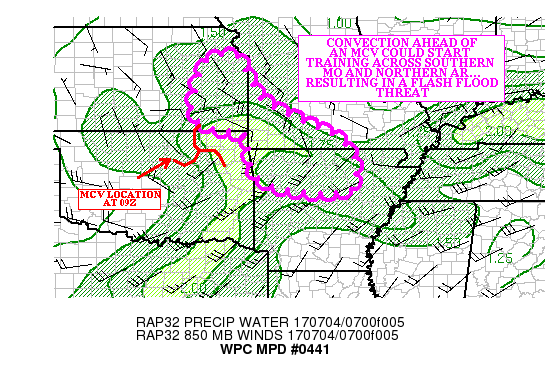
AREAS AFFECTED...FAR EASTERN KS...SOUTHWEST MO...NORTHERN AR

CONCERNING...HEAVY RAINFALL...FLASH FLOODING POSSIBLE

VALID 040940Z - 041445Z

SUMMARY...CONVECTION AHEAD OF AN MCV OVER NORTHEAST OK COULD BEGIN
TRAINING ACROSS PORTIONS OF SOUTHERN MO AND NORTHERN
AR...RESULTING IN A FLASH FLOOD THREAT THIS MORNING.

DISCUSSION...REGIONAL RADARS OVER EASTERN OK/SOUTHWEST MO SHOWED
THE NORTHERN END OF A LONG SQUALL LINE BEGINNING TO SLOW DOWN AS
IT REACHES NORTHWEST AR EARLY THIS MORNING. THE KSRX RADAR SHOWED
SOME TURNING IN BACK OF THE LINE OVER NORTHWEST AR...AS AN MCV
OVER NORTHEAST OK TRACKS EASTWARD.

CURRENTLY...THE CONVECTION HAS WEAKENED SOME AS MUCH OF AVAILABLE
INSTABILITY HAS BEEN EXHAUSTED. HOWEVER...THE LATEST RAP ANALYSIS
SHOWED AN AXIS OF 500-1000 J/KG OF MUCAPE AHEAD OF THE NORTHERN
PORTION OF THE LINE OVER FAR SOUTHWEST MO AND FAR NORTHWEST AR. A
25 TO 30 KNOT LOW LEVEL SOUTHWEST FLOW EXTENDING AHEAD OF THE MCV
FROM NORTHERN LA INTO WESTERN AR CONTINUES TO FEED 1.75/2.00 INCH
PRECIPITABLE WATER AHEAD OF THE LINE.

LIFT FROM THE MCV SHOULD PROVIDE SUFFICIENT ASCENT TO SUPPORT
CONVECTION AS IT TAPS THE DEEPER INSTABILITY PRESENT OVER
SOUTHWEST MO AND NORTHWEST AR. A REGENERATION OF THE CONVECTION IS
EXPECTED HERE...AND AS PROPAGATION VECTORS SLOW (AND EVEN BECOME
OPPOSED TO TO THE 850-300 MB FLOW)... TRAINING BECOMES POSSIBLE.
THREE HOUR FLASH FLOOD GUIDANCE VALUES ARE AS LOW AS 1.50 ACROSS
PORTIONS OF NORTHWEST AR...AND THE MOST RECENT HRRR SOIL
SATURATION MAP SHOWED NEARLY SATURATED CONDITIONS HERE.

IT SHOULD BE NOTED THAT WHILE MUCH OF THE HIGH RESOLUTION GUIDANCE
DOES INDEED SHOW A SOME RESURGENCE OF CONVECTION...IT IS AS MUCH
AS 1-3 HOURS SLOWER THAN REALITY AS OF 09Z. THUS...THE RAINFALL
PLACEMENT AND SIMULATED REFLECTIVITY HAVE BEEN ADVANCED TO ACCOUNT
FOR THE TIMING DIFFERENCE. THE MOST RECENT HRRR SHOWED LOCAL 2.00
TO 3.00 INCH RAINFALL AMOUNTS OVER NORTHWEST AR... BEFORE THE
ACTIVITY WEAKENS EVEN FURTHER.

THESE RAINFALL AMOUNTS...ADJUSTED FOR THE MODEL TIMING...COULD BE
ENOUGH TO INITIATE FLASH FLOODING IN AREAS WITH LOWER FLASH FLOOD
GUIDANCE VALUES. BECAUSE OF THIS... FLASH FLOODING IS ONLY
CONSIDERED POSSIBLE.